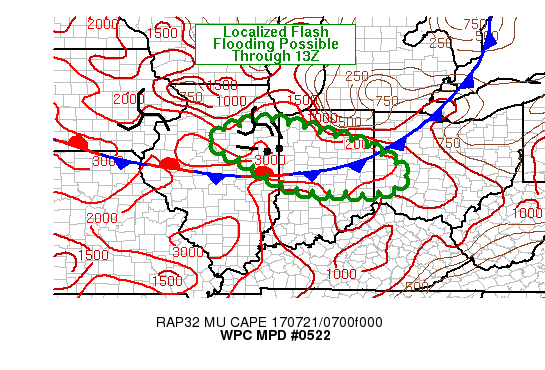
AREAS AFFECTED...NRN IL INTO N-CNTRL IN

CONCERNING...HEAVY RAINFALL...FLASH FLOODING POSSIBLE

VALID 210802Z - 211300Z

SUMMARY...AN ISOLATED FLASH FLOOD THREAT WILL CONTINUE THROUGH
ABOUT 12Z FOR PORTIONS OF NRN IL INTO N-CNTRL IN. VERY HEAVY
RAINFALL RATES OF 1-2 IN/HR MAY CAUSE RUNOFF ISSUES WHERE TRAINING
DEVELOPS.

DISCUSSION...A COMBINATION OF EXPERIMENTAL GOES 16 INFRARED
IMAGERY AND REGIONAL RADAR IMAGERY SHOWED TWO CLUSTERS OF ESEWD
ADVANCING CONVECTION OVER THE IA/IL BORDER AND THE NRN IL/IN
BORDER. BOTH CLUSTERS APPEARED TO HAVE MCVS CONNECTED TO
THEM...WITH THE MCV ASSOCIATED WITH THE WESTERN CLUSTER OVER ERN
IA MORE DEFINED THAN THE MCV TIED TO THE ERN CLUSTER ACROSS NRN IL
AS OF 0730Z. HOWEVER...THE WRN CONVECTIVE CLUSTER APPEARS TO HAVE
SIGNIFICANTLY WEAKENED WITH ANY APPRECIABLE RAINFALL LIKELY
FINISHED FOR THE SHORT TERM. HOWEVER...THE ERN CONVECTIVE CLUSTER
CONTINUES TO EXPERIENCE COOLING OR STEADY-STATE CLOUD TOPS WHILE
ALSO FORWARD PROPAGATING TOWARD THE ESE. DESPITE WEAKENING TRENDS
IN INSTABILITY ACROSS THE REGION...THE SPC MESOANALYSIS PAGE
INDICATED 1500-2500 J/KG MUCAPE REMAINED AHEAD OF THE ERN
CONVECTIVE CLUSTER INTO N-CNTRL IN AS OF 07Z. LINGERING
INSTABILITY COMBINED WITH PRECIPITABLE WATER VALUES OF 1.8 TO 2.0
INCHES...PER RECENT GPS SITE VALUES...HAVE BEEN RESPONSIBLE FOR
RAINFALL OF 1 INCH OR MORE IN A 20-30 MINUTE PERIOD OVER N-CNTRL
IL PER WUNDERGROUND.COM OBSERVATION STATIONS.

THE ELEVATED CONVECTION WAS OCCURRING NORTH OF A SLOW MOVING FRONT
DRAPED WEST TO EAST ACROSS CNTRL IN/IL AT 07Z WITH RAP ANALYSIS
SOUNDINGS SUGGESTIVE THAT THE STORMS ARE ROOTED IN THE 850-700 MB
LAYER. STEERING FLOW IN THIS LAYER IS NEARLY IDENTICAL TO STORM
MOTIONS TOWARD THE ESE AT 20-30 KT. THE GREATEST FLASH FLOOD
THREAT OVER THE NEXT COUPLE OF HOURS APPEARS TO BE TIED TO THE SRN
FLANK OF THE ERN CONVECTIVE CLUSTER WHICH HAS BECOME ALIGNED
PARALLEL TO THE MEAN WIND SUGGESTING SHORT TERM TRAINING OF HEAVY
RAINFALL. ANY CELLS THAT DEVELOP OUT AHEAD OF THE FORWARD
PROPAGATING LINE MAY ALSO CAUSE A SHORT TERM TRAINING THREAT.

DESPITE WANING INSTABILITY...A LOW RISK OF FLASH FLOODING WILL
EXIST WITH THIS SYSTEM WITH LOCALIZED 2-3 INCH TOTALS POSSIBLE
THROUGH 13Z...WHICH MAY OCCUR VERY QUICKLY LEADING TO A FEW RUNOFF
ISSUES.